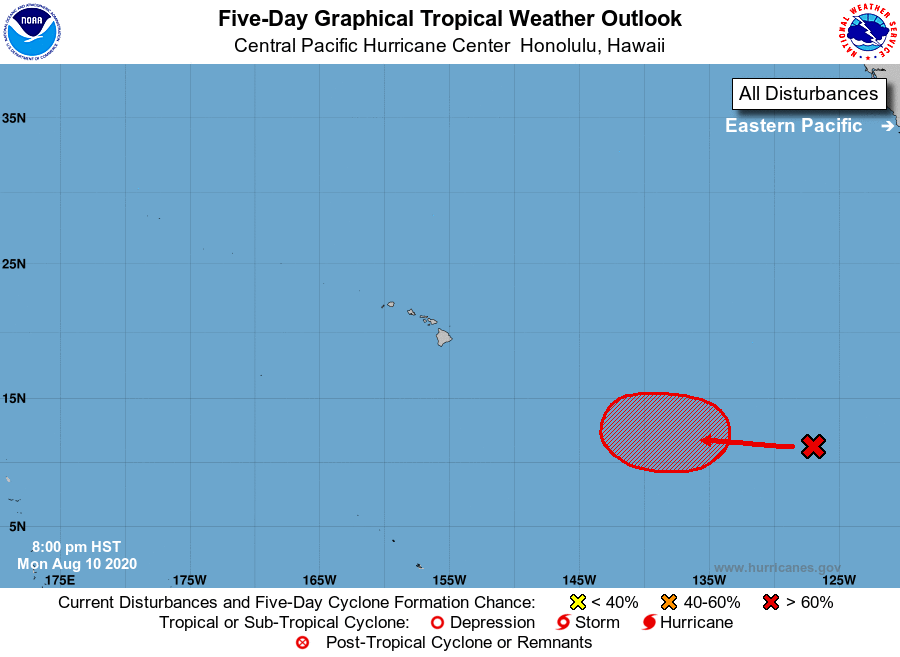
For the central North Pacific...between 140W and 180W:

1. An elongated area of disturbed weather is located around 1900 miles east-southeast of Hilo, Hawaii. A low pressure system is expected to form within this area in a day or two, and it will likely become a tropical depression late this week. The system is expected to move slowly westward toward the central Pacific basin during the next several days.
* Formation chance through 48 hours...low...20 percent.
* Formation chance through 5 days...high...70 percent.

Elsewhere, no tropical cyclones are expected during the next 5 days.

Forecaster Jelsema